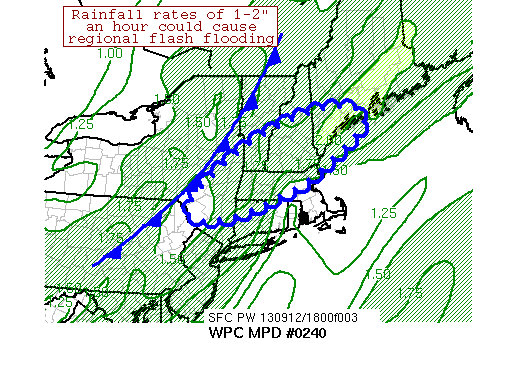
AREAS AFFECTED...EASTERN NY...PORTIONS OF SOUTHERN NEW ENGLAND

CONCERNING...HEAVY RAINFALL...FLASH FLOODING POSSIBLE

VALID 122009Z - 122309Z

SUMMARY...TRAINING THUNDERSTORMS ACROSS AN AREA WITH LOW FLASH
FLOOD GUIDANCE COULD LEAD TO REGIONAL FLASH FLOODING.

DISCUSSION...THUNDERSTORMS FORMING NEAR AND AHEAD OF A PROGRESSIVE
COLD FRONT HAVE BEGUN TO TRAIN ACROSS EASTERN NY, NORTHWEST MA,
SOUTHERN VT, NORTHWEST MA, AND SOUTHERN NH.  THE AREA IS DIVERGENT
ALOFT TO THE EAST OF AN UPPER LEVEL TROUGH MOVING THROUGH THE
GREAT LAKES.  THE BAND OF THUNDERSTORMS IS ALIGNED WITH THE
850-400 HPA MEAN LAYERED WINDS, WHICH INDICATES CELL TRAINING
WOULD BE LIKELY EVEN IF THUNDERSTORMS DID NOT ORGANIZE.  HOWEVER,
CAPES STARTING OUT IN THE 1000-2000 J/KG RANGE WHILE 0-3 KM
VERTICAL WIND SHEAR IS IN THE 30-35 KNOT BALLPARK, WHICH INDICATE
ORGANIZED CONVECTION IN THE FORM OF WET MACROBURST MULTICELLS,
THOUGH SOME FORWARD PROPAGATION IS POSSIBLE DUE TO A BUILDING COLD
POOL AT THE SURFACE.  PRECIPITABLE WATER VALUES IN THE REGION ARE
AROUND 1.75 INCHES, WHICH IS IN THE 95TH PERCENTILE FOR
MID-SEPTEMBER FOR THIS REGION.

CORFIDI VECTORS FROM THE 12Z GFS INDICATE SLOW PROPAGATION TO
ORGANIZED CONVECTION IN THIS REGION, BARRING SUBSTANTIAL INFLUENCE
FROM ANY BUILDING COLD POOLS.  FLASH FLOOD GUIDANCE VALUES ARE
NEAR TWO INCHES IN THREE HOURS, AND RECENT RADAR IMAGERY INDICATES
RAINFALL RATES OF 1-2 INCHES PER HOUR, WHICH WOULD EASILY EXCEED
GUIDANCE.  THE GUIDANCE IS SHOWING MIXED SIGNALS HERE, SHOWING
FADING CAPE VALUES ALMOST IMMEDIATELY IN THE 12Z ARW YET THE 15Z
HRRR INDICATES THE POSSIBILITY OF CELL TRAINING FOR SIX HOURS, SO
USED THREE HOURS AS THE HORIZON FOR THIS ISSUANCE.  DUE TO THE
UNCERTAINTY OF ITS DURATION, REGIONAL FLASH FLOODING IS CONSIDERED
POSSIBLE HERE.